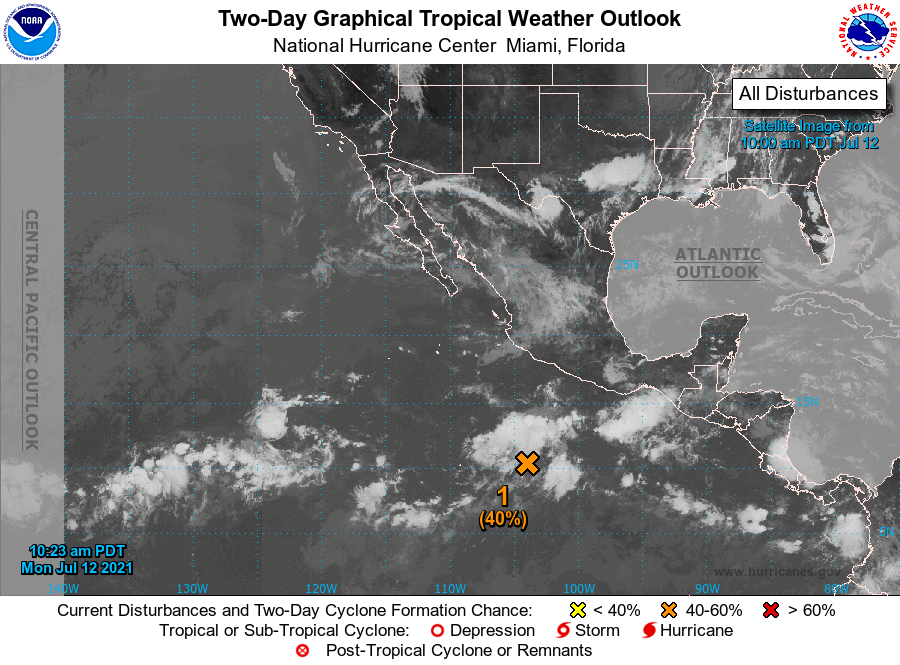
For the eastern North Pacific...east of 140 degrees west longitude:

1. A broad area of low pressure located several hundred miles south of Manzanillo, Mexico, continues to produce disorganized shower and thunderstorm activity. Environmental conditions are expected to remain conducive for gradual development, and a tropical depression is likely form in two to three days well offshore the southwestern coast of Mexico while the disturbance moves westward to west-northwestward at 10 to 15 mph.
* Formation chance through 48 hours...medium...40 percent.
* Formation chance through 5 days...high...70 percent.

2. An area of low pressure is forecast to develop south of the Gulf of Tehuantepec later this week and move westward or west-northwestward at 10 to 15 mph, well offshore of the southern coast of Mexico. Environmental conditions are expected to be favorable for development of this system, and a tropical depression is likely to form by this weekend.
* Formation chance through 48 hours...low...near 0 percent.
* Formation chance through 5 days...high...70 percent.

Forecaster Brown